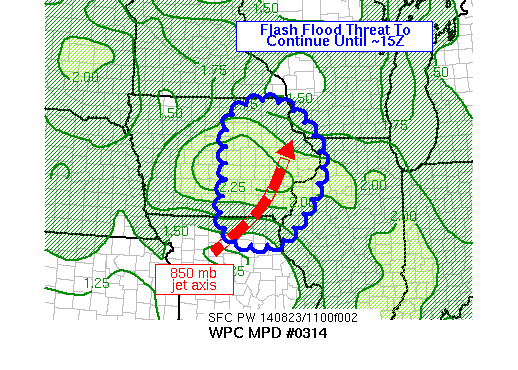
AREAS AFFECTED...FAR NERN MISSOURI....ERN IOWA TO JUST ACROSS THE
MISSISSIPPI RIVER

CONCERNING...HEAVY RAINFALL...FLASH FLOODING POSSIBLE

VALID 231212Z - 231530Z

SUMMARY...THE POTENTIAL FOR 2-3 IN/HR RAINFALL RATES WITH FLASH
FLOODING SHOULD CONTINUE ACROSS ERN IOWA UNTIL ABOUT 15Z WHEN LOW
LEVEL INFLOW DIMINISHES TO LESS THAN 20 KTS.

DISCUSSION...A VERY COLD TOPPED MCS WITH IR SATELLITE MEASURING
COLDER THAN -80 C CONTINUES TO PROGRESS ACROSS CNTRL IOWA EARLY
THIS MORNING WITH PW VALUES NEAR OR IN EXCESS OF 2 INCHES.
CONVECTION CONTINUES TO FORM AT THE NOSE OF A 30-40 KT LOW LEVEL
JET STRETCHING NEWD ACROSS KANSAS AND MISSOURI AND WHILE THE MAIN
ARC OF CONVECTION HAS BEEN STEADILY PROGRESSING EASTWARD...WARM
ADVECTION DRIVEN CONVECTION HAS DEVELOPED JUST AHEAD OF THE LINE
ACROSS SERN IOWA. A RECENT IOWA MESONET REPORT OF 2.4 INCHES IN
ONE HOUR WAS REPORTED AT 11Z IN CLARKE COUNTY WHICH IS
REPRESENTATIVE OF THE EXTREMELY MOIST ENVIRONMENT.

WHILE HI-RES MODEL QPF HAS REALLY STRUGGLED WITH THIS
EVENT...OTHER FIELDS APPEAR USABLE. RECENT RAP AND HRRR RUNS
SUGGEST A LOW LEVEL JET OF ABOUT 30 KTS JUST AHEAD OF AN MCV
LOCATED JUST SE OF DSM WILL PERSIST FOR ANOTHER FEW
HOURS...EXCEEDING INDIVIDUAL STORM MOTION MEAN FLOW TO THE
NORTHEAST OF ABOUT 20 KTS. THIS WILL SUPPORT THE SHORT TERM
POTENTIAL FOR TRAINING AND ADDITIONAL HEAVY RAINFALL TOTALS UP TO
3-5 INCHES BY 15Z.